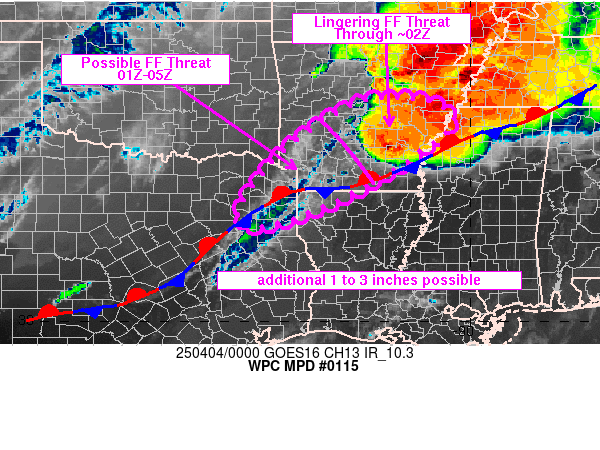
Areas affected...ArkLaTex into central/eastern AR

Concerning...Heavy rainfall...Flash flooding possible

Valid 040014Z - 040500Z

SUMMARY...While near term flash flooding appears likely over the
next 1-2 hours from central to eastern AR, uncertainty remains
back toward the southwest in the vicinity of the ArkLaTex. There
is some potential for thunderstorms to develop in this region and
track northeastward into areas of AR over the next few hours,
reinvigorating a threat for flash flooding across the region.

DISCUSSION...00Z radar imagery showed scattered thunderstorms over
central and eastern AR, advancing toward the northeast with little
in the way of redevelopment back to the southwest. The activity
was occurring north of a well-defined stationary front that
extended SW across southern AR into northeastern TX.

Rainfall rates of 1 to perhaps 2 in/hr will remain possible,
maintaining the flash flood threat over central/eastern AR for
another 2 hours or so. This activity is occurring ahead of a low
to mid-level shortwave noted in LPW imagery with drying in the
850-700 mb layer in its wake.

While some weak subsidence is likely occurring in the wake of the
convective activity moving through AR, moderately strong and
uninhibited MLCAPE of 2000 to 3000+ J/kg was estimated just south
of the stationary front over eastern TX into northern LA (via SPC
mesoanalysis data from 00Z). A forcing mechanism is uncertain
however and 850 mb winds are forecast by the RAP to weaken from
their present 30-40 kt to 20-30 kt through 06Z and some weak
subsidence is likely occurring over the region in the wake of the
aforementioned shortwave. Nonetheless, the environment is quite
unstable and sufficiently moist to support thunderstorms with
potential for heavy rain.

Should convection initiate in the next 1-2 hours, there will be
potential for rainfall rates of 1-2 in/hr, with storm movement
toward the northeast into portions of the region that have been
hit with heavy rain over the past 24-48 hours, possibly reigniting
a threat for flash flooding. However, the threat appears to be
lowering given the near onset of nocturnal cooling at the surface
and lack of visible triggers.